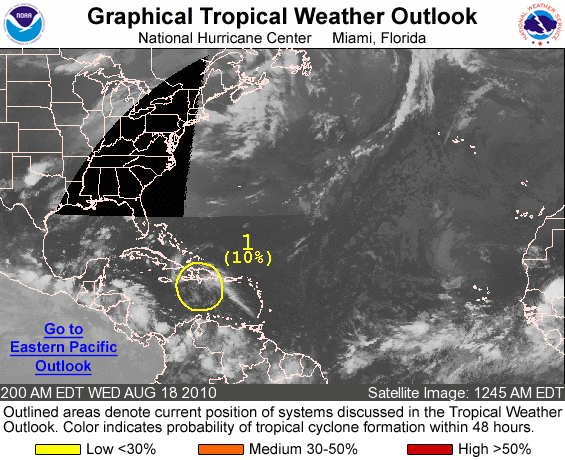
FOR THE NORTH ATLANTIC...CARIBBEAN SEA AND THE GULF OF MEXICO...

1. CLOUDINESS AND A FEW SHOWERS OVER HISPANIOLA AND PORTIONS OF THE CENTRAL CARIBBEAN SEA ARE ASSOCIATED WITH A WESTWARD MOVING TROPICAL WAVE. THERE ARE NO SIGNS OF DEVELOPMENT AND THERE IS A LOW CHANCE...10 PERCENT...OF THIS SYSTEM BECOMING A TROPICAL CYCLONE DURING THE NEXT 48 HOURS.

ELSEWHERE...TROPICAL CYCLONE FORMATION IS NOT EXPECTED DURING THE NEXT 48 HOURS.

FORECASTER AVILA